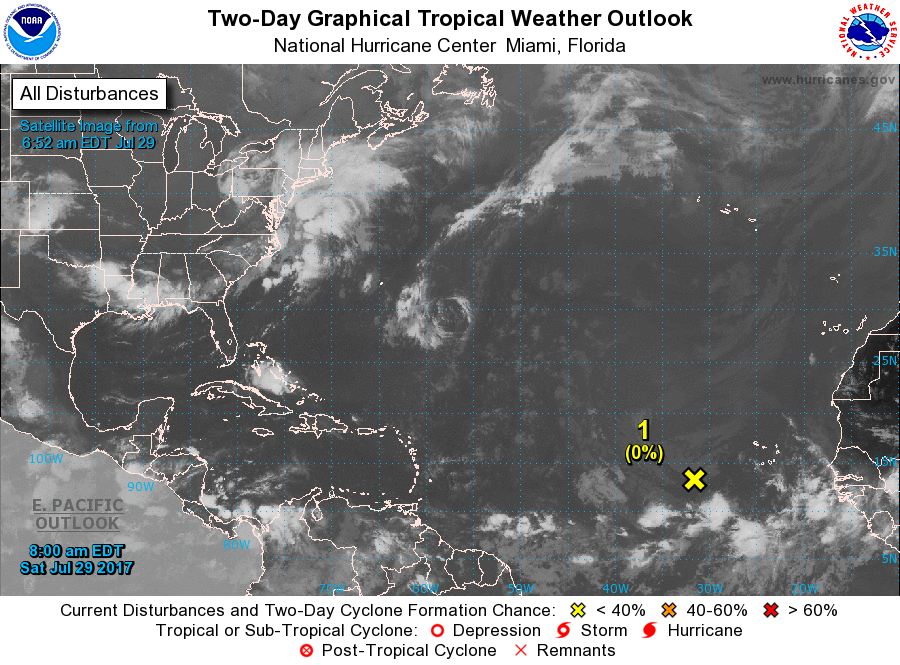
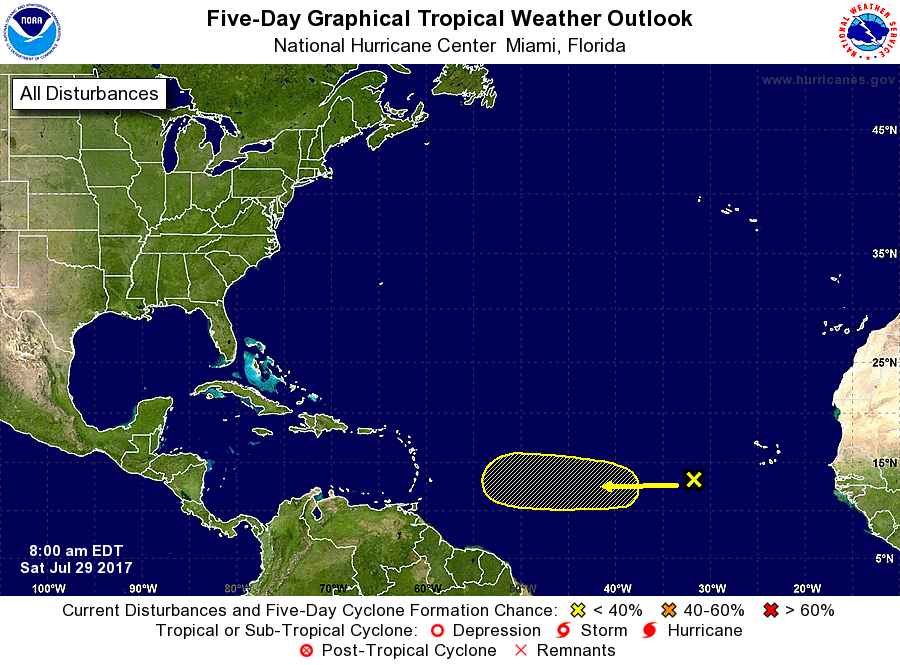
For the North Atlantic...Caribbean Sea and the Gulf of Mexico:

1. A tropical wave that recently moved over the Cabo Verde Islands is moving westward at 10 to 15 mph. Some development of this system is possible next week while the wave moves across the tropical Atlantic.
* Formation chance through 48 hours...low...near 0 percent.
* Formation chance through 5 days...low...20 percent.

Forecaster Avila